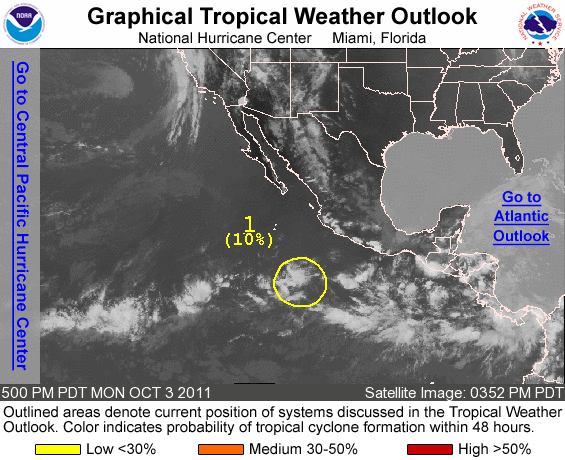
FOR THE EASTERN NORTH PACIFIC...EAST OF 140 DEGREES WEST LONGITUDE..

1. DISORGANIZED SHOWERS AND A FEW THUNDERSTORMS CONTINUE IN ASSOCIATION WITH A WEAK AREA OF LOW PRESSURE LOCATED ABOUT 500 MILES SOUTH- SOUTHWEST OF MANZANILLO MEXICO. DEVELOPMENT...IF ANY...OF THIS SYSTEM IS EXPECTED TO BE SLOW TO OCCUR AS IT MOVES WESTWARD AT ABOUT 10 MPH DURING THE NEXT COUPLE OF DAYS. THIS SYSTEM HAS A LOW CHANCE...10 PERCENT...OF BECOMING A TROPICAL CYCLONE DURING THE NEXT 48 HOURS.

ELSEWHERE...TROPICAL CYCLONE FORMATION IS NOT EXPECTED DURING THE NEXT 48 HOURS.

FORECASTER KIMBERLAIN